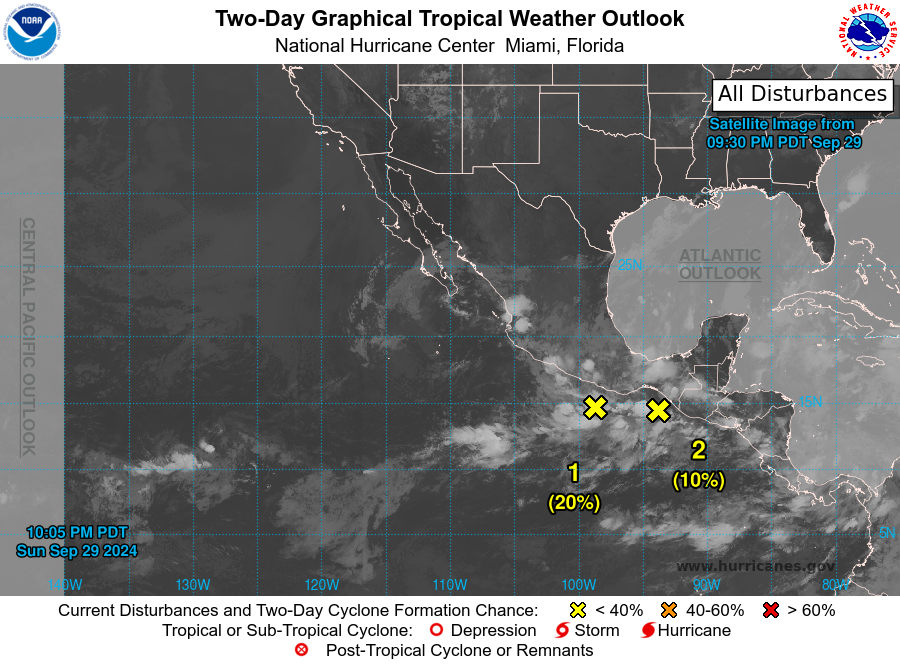
For the eastern North Pacific...east of 140 degrees west longitude:

1. Offshore of Southwestern Mexico: An area of low pressure is expected to gradually develop off the coast of southwestern Mexico during the next day or so. Environmental conditions are expected to be generally conducive for additional development after that, and a tropical depression could form by the middle or late portions of this week. The disturbance is forecast to meander near or just offshore the coast for most of the week, and then begin moving slowly west-northwestward, parallel to the coast of Mexico by next weekend. Regardless of development, this system is expected to contribute to additional heavy rainfall across portions of the southwestern coast of Mexico, and interests there should monitor the progress of this disturbance.
* Formation chance through 48 hours...low...20 percent.
* Formation chance through 7 days...medium...60 percent.

2. South of the Gulf of Tehuantepec: Another area of low pressure is forecast to form south of the Gulf of Tehuantepec during the next day or two. Gradual development of the disturbance is possible after that, if the system remains offshore the coast of southern Mexico. The disturbance is forecast to move erratically through mid-week, and then potentially move northward toward the coast later this week. Regardless of formation, heavy rain is possible along most of the coast of southern Mexico throughout this week.
* Formation chance through 48 hours...low...10 percent.
* Formation chance through 7 days...low...20 percent.

Forecaster Hagen